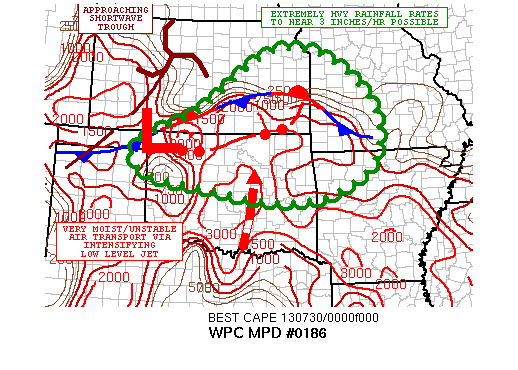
AREAS AFFECTED...SOUTHERN AND EASTERN KS...NORTHERN
OK...SOUTHWESTERN MO...NORTHWESTERN AR

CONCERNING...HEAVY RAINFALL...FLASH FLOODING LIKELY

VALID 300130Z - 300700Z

SUMMARY...SIGNIFICANT FLASH FLOODING IS EXPECTED OVERNIGHT AS
NUMEROUS ORGANIZING CONVECTIVE CLUSTERS MERGE INTO A SLOW-MOVING
MESOSCALE CONVECTIVE SYSTEM (MCS).

DISCUSSION...LATEST IR SAT IMAGERY SHOWS VERY COLD-TOPPED
CONVECTIVE CLUSTERS WITH A NUMBER OF OVERSHOOTING TOPS IMPACTING
MUCH OF FAR NORTHERN OK AND ADJACENT AREAS OF E CNTRL AND SERN KS.
CLOUD TOPS HAVE COOLED TO -75 TO -80C  INDICATIVE OF POWERFUL
UPDRAFTS AND SUPPORTIVE OF VERY INTENSE RAINFALL RATES. THE LATEST
RAP ANALYSIS SHOWS A POOL OF 2.1 TO 2.3 INCH PWATS FROM THE RED
RIVER VALLEY NORTHWARD INTO SERN KS...AND COINCIDING WITH SBCAPE
VALUES OF 3000 TO 3500 J/KG. ALL THE WHILE...THERE IS A
WELL-DEFINED SHORTWAVE TROUGH MOVING STEADILY EASTWARD ACROSS
WRN/CNTRL KS ATTM WITH A SWWD ORIENTED TAIL OF VORTICITY EXTENDING
DOWN INTO WRN OK/NRN TX. SFC ANALYSIS CONTINUES TO SHOW A
STATIONARY FRONT IN A WAVY FASHION ORIENTED FROM SWRN MO WEST BACK
INTO S CNTRL KS TO AN AREA OF LOW PRESSURE...WITH A TAILING COLD
FRONT INTO THE OK/TX PANHANDLES.

OVER THE NEXT SEVERAL HOURS...THE ONGOING FLASH FLOOD THREAT WILL
EVOLVE ESEWD THROUGH SERN KS...NRN/NERN OK...AND INTO SWRN MO...AS
ORGANIZING CONVECTIVE CLUSTERS MERGE AND EVOLVE INTO A LARGER
SCALE MCS. THE LATEST MODEL GUIDANCE SUPPORTS AN INCREASING S/SWLY
LOW LEVEL JET OVERNIGHT...INCREASING TO 40 TO 50 KTS...WHICH WILL
SUSTAIN A VERY MOIST/UNSTABLE AIR TRANSPORT REGIME INTO THE MCS.
SUSTAINABLE STRONG CONVECTIVE CORES WITH RAINFALL RATES UPWARDS OF
3 INCHES/HR CAN BE EXPECTED.

LATEST RAP ANALYSIS CONTINUES TO SHOW NEARLY PARALLEL MEAN LYR
FLOW INVOF THE AFOREMENTIONED W/E ORIENTED FRONT AND ONGOING
CONVECTIVE MASS. THIS COUPLED THE LOW LVL JET BEING NEARLY
PERPENDICULAR TO THE BOUNDARY SUGGESTS A HIGH THREAT OF
BACK-BUILDING AND TRAINING CONVECTION. GIVEN THE EXPECTED RAINFALL
RATES...EXTREMELY HVY RAINFALL AMTS WILL BE POSSIBLE.

CONSEQUENTLY...THE POTENTIAL CONTINUES FOR A HIGH-IMPACT FLASH
FLOOD EVENT INTO THE OVERNIGHT HOURS...AND ESPECIALLY WITH LOCALLY
SATURATED SOIL CONDITIONS.